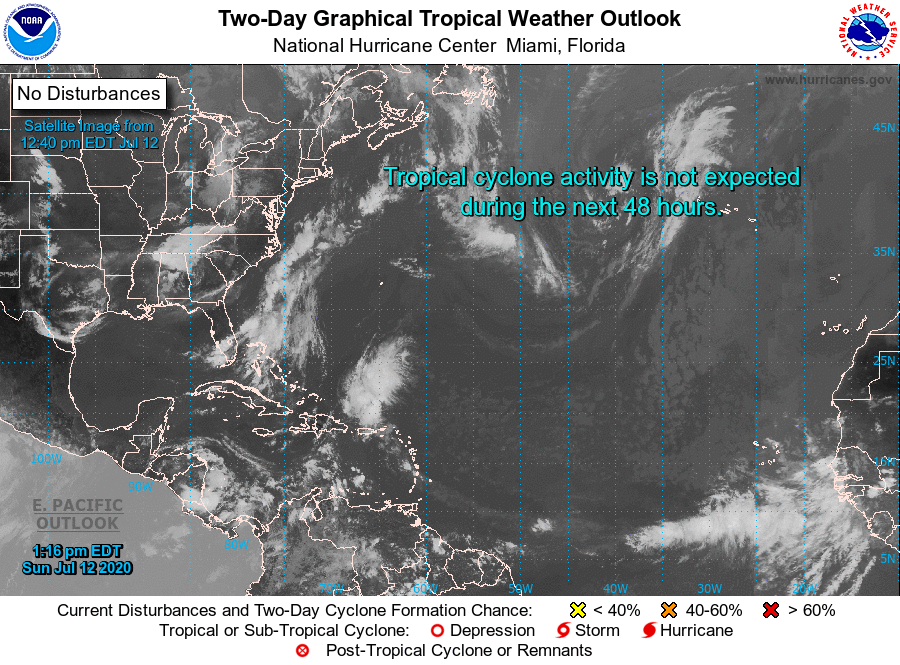
For the North Atlantic...Caribbean Sea and the Gulf of Mexico:

Tropical cyclone formation is not expected during the next 5 days.

Forecaster Stewart